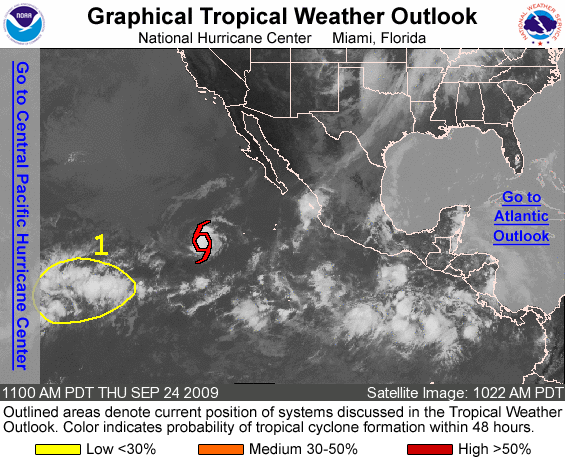
FOR THE EASTERN NORTH PACIFIC...EAST OF 140 DEGREES WEST LONGITUDE..

THE NATIONAL HURRICANE CENTER IS ISSUING ADVISORIES ON TROPICAL STORM NORA...LOCATED ABOUT 760 MILES WEST-SOUTHWEST OF THE SOUTHERN TIP OF BAJA CALIFORNIA.

1. A LARGE AREA OF DISTURBED WEATHER LOCATED ABOUT 1350 MILES EAST-SOUTHEAST OF THE HAWAIIAN ISLANDS IS PRODUCING DISORGANIZED SHOWER AND THUNDERSTORM ACTIVITY. SOME SLOW DEVELOPMENT OF THIS SYSTEM IS POSSIBLE OVER THE NEXT COUPLE OF DAYS AS IT MOVES WEST-NORTHWESTWARD AT 5 TO 10 MPH. THERE IS A LOW CHANCE...LESS THAN 30 PERCENT...OF THIS SYSTEM BECOMING A TROPICAL CYCLONE DURING THE NEXT 48 HOURS.

ELSEWHERE...TROPICAL CYCLONE FORMATION IS NOT EXPECTED DURING THE NEXT 48 HOURS.

FORECASTER BEVEN